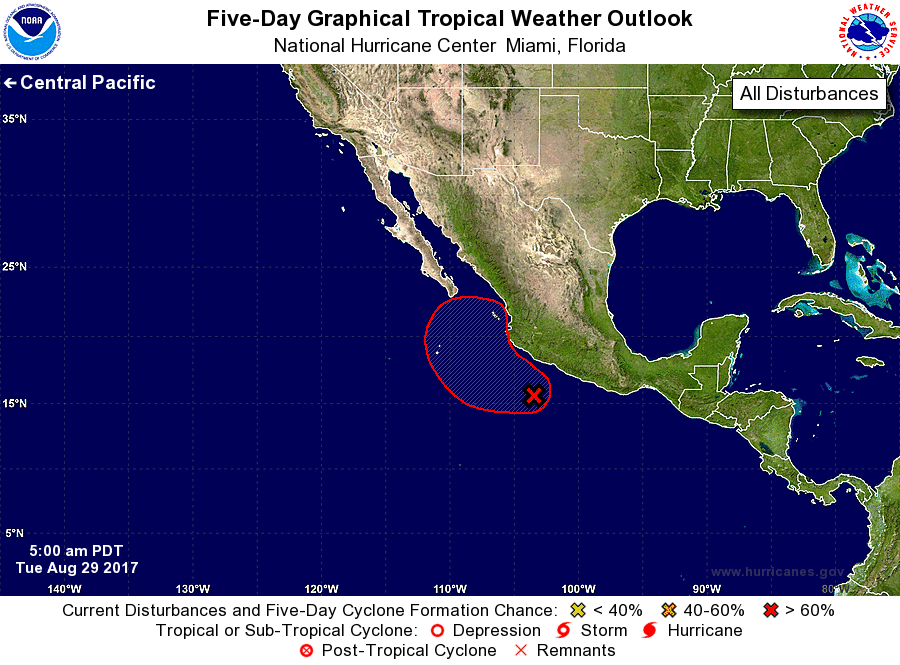
For the eastern North Pacific...east of 140 degrees west longitude:

1. An elongated area of low pressure centered a few hundred miles south of Manzanillo, Mexico, is producing widespread showers and thunderstorms. This system is expected to become a tropical cyclone on Wednesday or Thursday while it moves generally northward or northwestward near the coast of southwestern Mexico and Baja California Sur. Residents along the coasts of Colima, Jalisco, Nayarit and Baja California Sur should monitor the progress of this system, and tropical storm watches or warnings could be required for a portion of those areas later today. Regardless of development, very heavy rain is expected over the next few days which could cause life-threatening flash floods and mudslides.
* Formation chance through 48 hours...high...80 percent.
* Formation chance through 5 days...high...90 percent.

Forecaster Blake